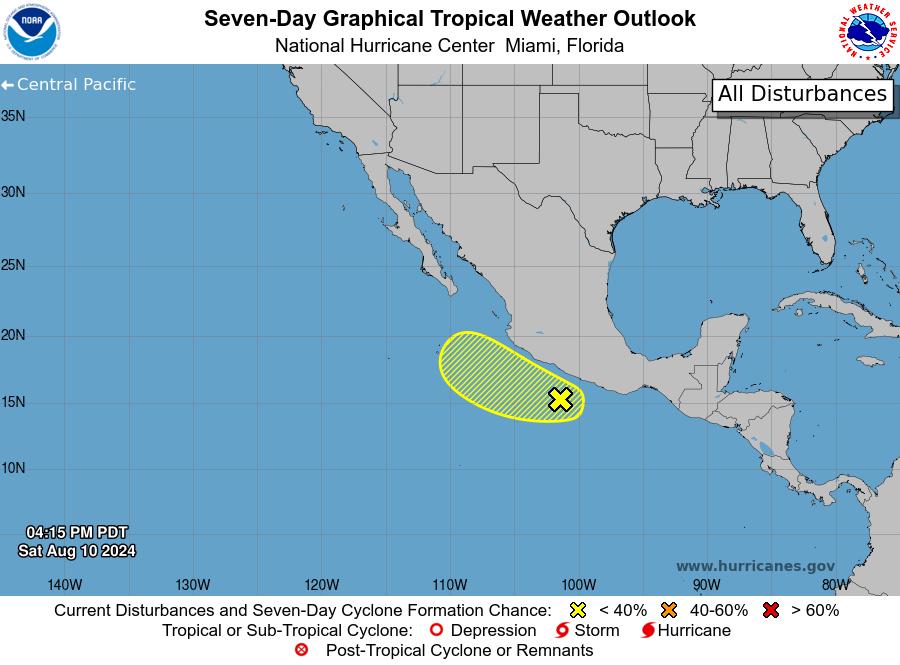
For the eastern North Pacific...east of 140 degrees west longitude:

1. South of Southwestern Mexico (EP98): Showers and thunderstorms remain disorganized in association with a broad area of low pressure located about 150 miles off the coast of southwestern Mexico. Some development of this system is possible during the next day or two while it moves west-northwestward at around 15 mph, parallel to the coast of southwestern Mexico. Beyond that time, the system is forecast to move into a more stable environment, limiting additional development. Regardless of formation, this system could bring areas of heavy rain to portions of coastal southern and southwestern Mexico during the next day or two.
* Formation chance through 48 hours...low...30 percent.
* Formation chance through 7 days...low...30 percent.

Forecaster Papin